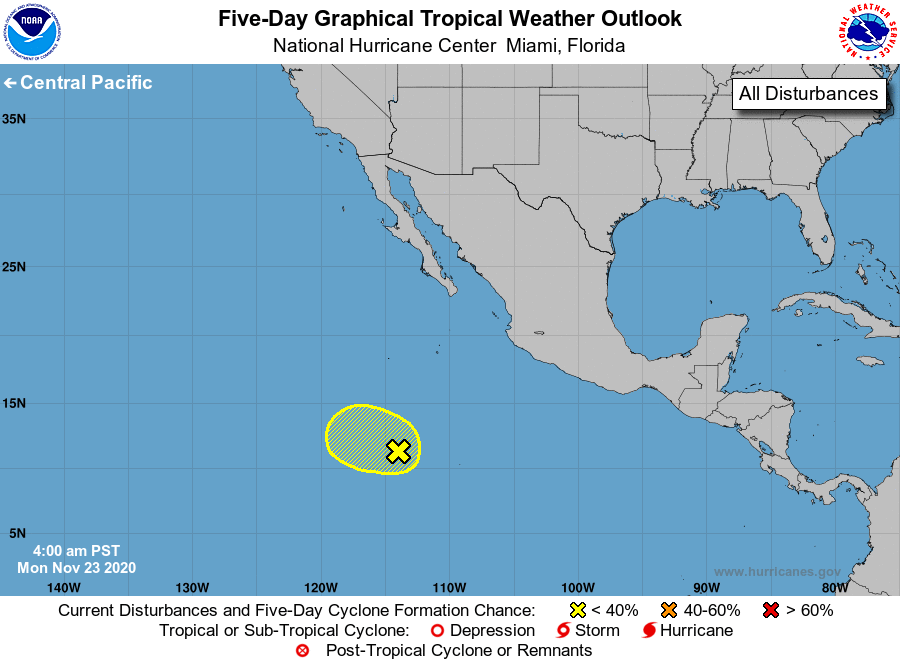
For the eastern North Pacific...east of 140 degrees west longitude:

1. A trough of low pressure located several hundred miles south- southwest of the southern tip of the Baja California peninsula continues to produce disorganized showers and thunderstorms. Conditions are forecast to be only marginally conducive for slow development of this disturbance over the next day or so as it moves west-northwestward. By the middle of the week, environmental conditions are expected to become unfavorable for further development.
* Formation chance through 48 hours...low...10 percent.
* Formation chance through 5 days...low...10 percent.

Forecaster Brown